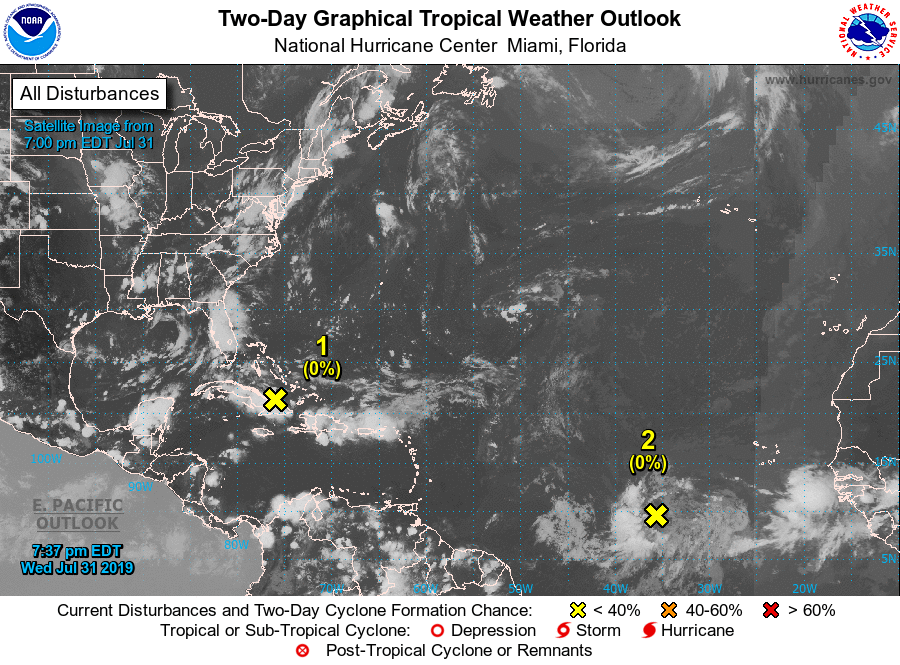
For the North Atlantic...Caribbean Sea and the Gulf of Mexico:

1. An area of disturbed weather stretching from central and eastern Cuba northward to the central and southeastern Bahamas is forecast to move northwestward tonight and Thursday, and then move northward on across Florida and the northwestern Bahamas on Friday. This system is expected to produce locally heavy rainfall over portions of the Greater Antilles, the Bahamas and Florida during the next few days. Conditions could become marginally conducive for development over the weekend while the system turns and accelerates northeastward off the southeastern U.S. coast.
* Formation chance through 48 hours...low...near 0 percent.
* Formation chance through 5 days...low...10 percent.

2. A broad low pressure system is producing a large area of cloudiness and shower activity several hundred miles west-southwest of the Cabo Verde Islands. Environmental conditions are not expected to be conducive for significant development of this disturbance during the next couple of days while it moves westward at about 15 mph across the central tropical Atlantic Ocean. However, conditions are forecast to become more conducive for development over the weekend, and a tropical depression is likely to form by early next week several hundred miles east of the Lesser Antilles.
* Formation chance through 48 hours...low...near 0 percent.
* Formation chance through 5 days...high...70 percent.

Forecaster Stewart